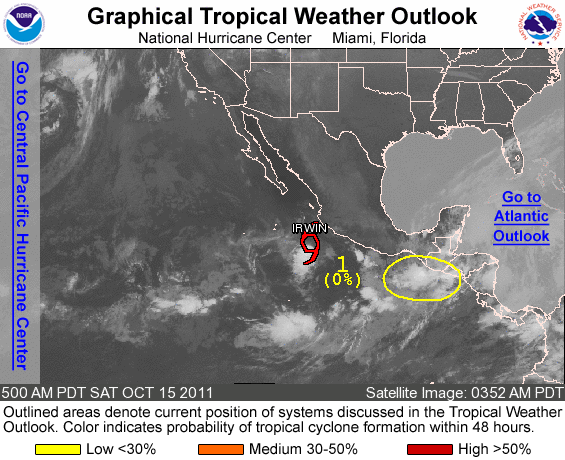
FOR THE EASTERN NORTH PACIFIC...EAST OF 140 DEGREES WEST LONGITUDE..

THE NATIONAL HURRICANE CENTER IS ISSUING ADVISORIES ON TROPICAL STORM IRWIN...LOCATED ABOUT 195 MILES SOUTHWEST OF MANZANILLO MEXICO.

1. A LARGE AREA OF CLOUDINESS AND THUNDERSTORMS ALONG THE COAST OF CENTRAL AMERICA EXTENDING WESTWARD TO SOUTHEASTERN MEXICO IS ASSOCIATED WITH A NEARLY STATIONARY TROUGH OF LOW PRESSURE. ALTHOUGH THIS SYSTEM IS NOT EXPECTED TO BECOME A TROPICAL CYCLONE...TORRENTIAL RAINS SHOULD CONTINUE OVER PORTIONS OF THE PACIFIC COAST OF SOUTHEASTERN MEXICO AND CENTRAL AMERICA DURING THE NEXT COUPLE OF DAYS...RESULTING IN LIFE-THREATENING FLASH FLOODS AND MUD SLIDES. THIS SYSTEM HAS A LOW CHANCE...NEAR 0 PERCENT...OF BECOMING A TROPICAL CYCLONE DURING THE NEXT 48 HOURS.

ELSEWHERE...TROPICAL CYCLONE FORMATION IS NOT EXPECTED DURING THE NEXT 48 HOURS.

FORECASTER CANGIALOSI